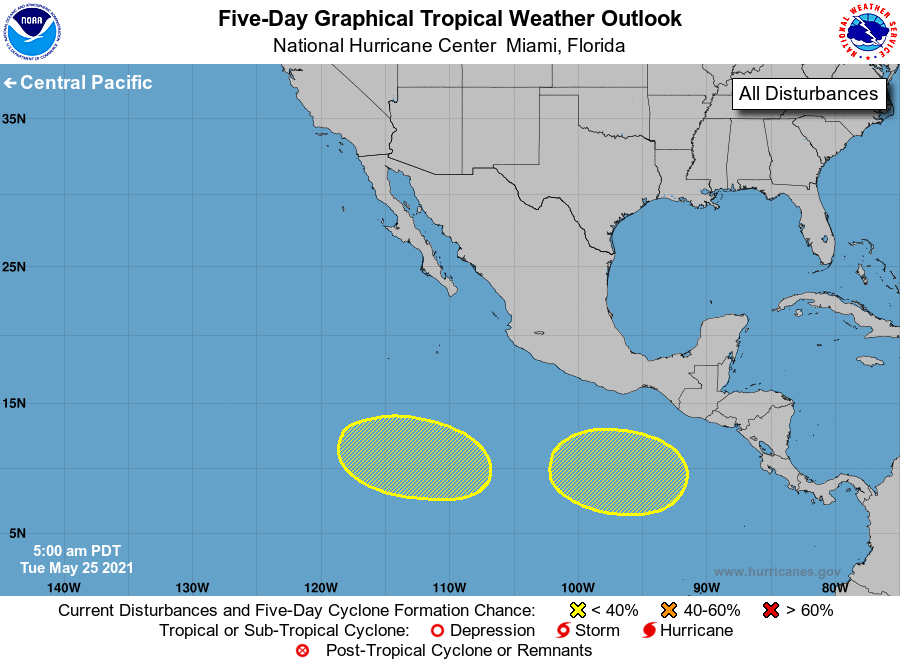
For the eastern North Pacific...east of 140 degrees west longitude:

1. An area of low pressure is expected to form several hundred miles southwest of the coast of Mexico later this week. Environmental conditions appear favorable for some gradual development of this system thereafter as it moves westward to west-northwestward at 5 to 10 mph.
* Formation chance through 48 hours...low...near 0 percent.
* Formation chance through 5 days...low...30 percent.

2. Another area of low pressure is expected to form several hundred miles south of the coasts of Guatemala and southern Mexico by this weekend. Gradual development of this system will also be possible early next week as it moves generally westward at 5 to 10 mph.
* Formation chance through 48 hours...low...near 0 percent.
* Formation chance through 5 days...low...20 percent.

Forecaster Berg